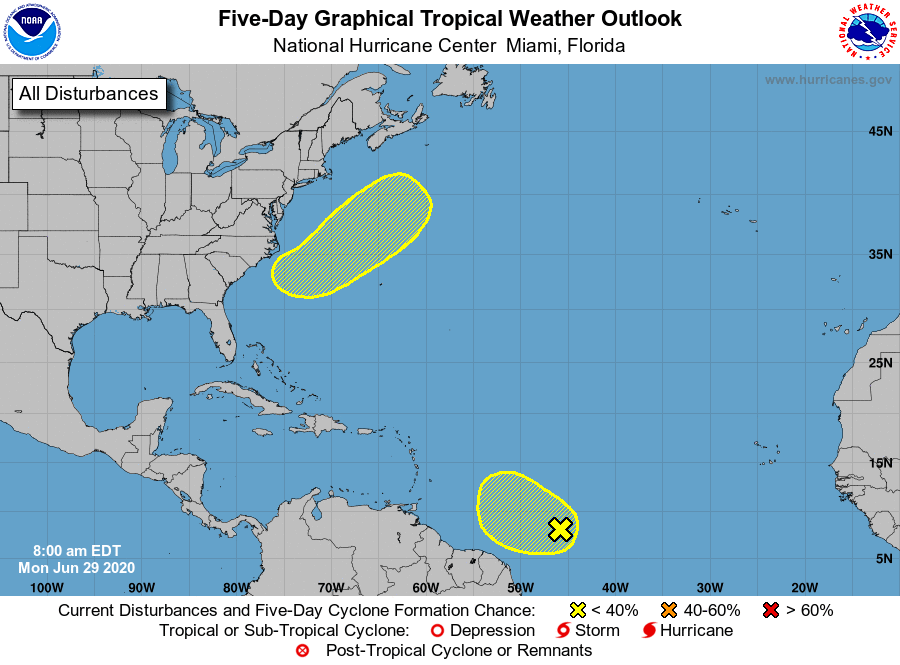
For the North Atlantic...Caribbean Sea and the Gulf of Mexico:

1. Disorganized showers and thunderstorms located several hundred miles east of the southern Windward Islands are associated with a tropical wave. Some slight development of this system is possible during the next day or so while it moves westward to west-northwestward at around 20 mph. Strong upper-level winds are forecast to inhibit further development by mid-week.
* Formation chance through 48 hours...low...10 percent.
* Formation chance through 5 days...low...10 percent.

2. An area of low pressure is forecast to form off of the southeastern coast of the United States on Tuesday. Some development of this system is possible later this week while it moves generally northeastward well offshore of the east coast of the United States.
* Formation chance through 48 hours...low...near 0 percent.
* Formation chance through 5 days...low...20 percent.

Forecaster Pasch